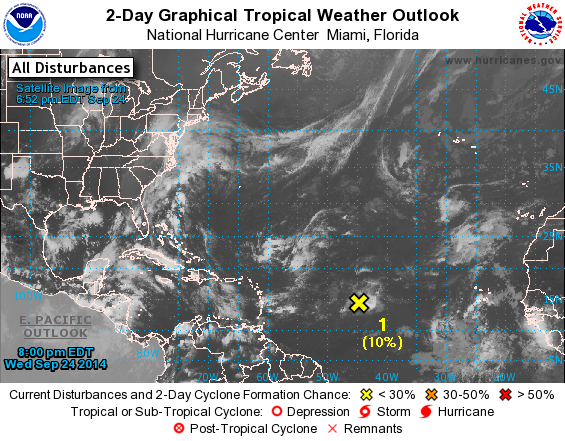
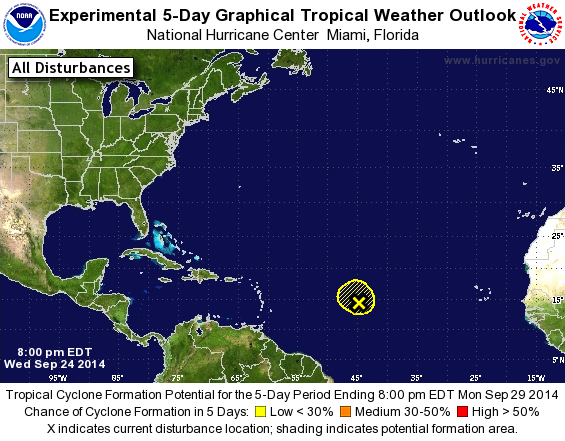
For the North Atlantic...Caribbean Sea and the Gulf of Mexico:

1. A small low pressure area has formed about 1100 miles east of the Windward Islands. Upper-level winds are only marginally conducive, and any additional development should be slow to occur as the system drifts northward during the next few days.
* Formation chance through 48 hours...low...10 percent.
* Formation chance through 5 days...low...10 percent.

Forecaster Beven